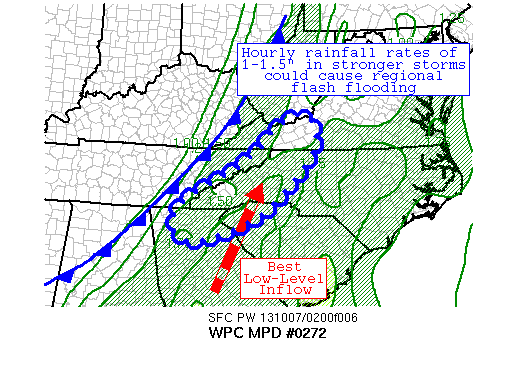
AREAS AFFECTED...SOUTHERN APPALACHIANS

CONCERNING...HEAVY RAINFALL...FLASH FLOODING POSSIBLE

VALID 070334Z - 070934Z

SUMMARY...A FEEDER BAND WITH ASSOCIATED RAINFALL RATES OF AN INCH
AN HOUR IS AIMED TOWARDS THE SOUTHERN APPALACHIANS.  SINCE MOTION
OF INDIVIDUAL CELLS COULD ALLOW FOR A FEW HOURS OF TRAINING, FLASH
FLOODING IS CONSIDERED POSSIBLE ACROSS THE SOUTHERN APPALACHIANS.

DISCUSSION...THUNDERSTORM TOPS ARE COOLING IN ASSOCIATION WITH AN
INFLOW BAND CARRYING MOISTURE FROM POST-TROPICAL CYCLONE KAREN
INTO THE REGION, WITH ASSOCIATED RAINFALL RATES OF AN INCH AN
HOUR.  THIS INFLOW BAND IS OCCURRING AHEAD OF A COLD FRONT MOVING
ACROSS EASTERN TN.  RAINFALL EFFICIENCY IS BEING AIDED BY
PRECIPITABLE WATER VALUES -- PWS -- OF 1.5-2.1", WHICH IS NEAR THE
RECORD OR WITHIN THE 99TH PERCENTILE FOR NORTHERN GA FOR OCTOBER 7.

THE ATMOSPHERIC ENVIRONMENT IS SIMILAR TO THOSE ASSOCIATED WITH
WARM RAIN EVENTS WHICH HAVE CAUSED FLASH FLOODING OVER THE LAST
SEVERAL MONTHS ACROSS UPSLOPE PORTIONS OF CO AND THE WESTERN
CAROLINAS:  PWS IN EXCESS OF THE 95TH PERCENTILE FOR THAT TIME OF
THE YEAR, LOW-LEVEL INFLOW WITH AN UPSLOPE COMPONENT OF AT LEAST
25 KT, CAPE VALUES OF 500-1000 J/KG PER RECENT ARW GUIDANCE AND A
MODIFIED 00Z FFC RAOB, AND BROAD DIVERGENCE ALOFT.  DIVERGENCE
ALOFT IN THIS CASE IS GENERALLY CAUSED BY A DEEP CYCLONE MOVING
THROUGH IL.  SAB MENTIONED A WEAK SHORTWAVE WITHIN THE SUBTROPICAL
STREAM ACROSS GA APPEARS TO BE ENHANCING DIVERGENCE AND RELATED
THUNDERSTORM ACTIVITY ACROSS NORTHEAST GA.  SOME CLOUD TOP COOLING
WAS NOTED IN RECENT SATELLITE IMAGERY WITHIN A FEEDER BAND-LIKE
FEATURE DIRECTED INTO THE SOUTHERN APPALACHIANS.  THE 850-400 HPA
MEAN LAYERED FLOW IS PARALLEL TO THE APPALACHIANS, IMPLYING CELL
TRAINING IS POSSIBLE.  SHOULD CONVECTION BECOME ORGANIZED, CORFIDI
VECTORS ARE EXPECTED TO BE LIGHT IN THIS REGION FOR THE REMAINDER
OF THE NIGHT WHICH WOULD ALLOW FOR SLOW CELL MOVEMENT.

WITH TIME, THE LOW-LEVEL INFLOW IS EXPECTED TO INCREASE TOWARDS 40
KTS PER RECENT RAP GUIDANCE, WITH THE MAIN AXIS SHIFTING SLOWLY UP
THE EASTERN SIDE OF THE APPALACHIANS.  SHOWERS AND THUNDERSTORMS
NEAR AND AHEAD OF THE COLD FRONT ITSELF COULD RENEW ACTIVITY
ACROSS NORTHERN GA OVERNIGHT.  SAB MENTIONED RAINFALL RATES SHOULD
INCREASE SOME OVERNIGHT -- WHICH IMPLIES 1-1.5" RAIN RATES AN
HOUR.  CAPES ARE EXPECTED TO REMAIN STEADY IN THE 500-1000 J/KG
RANGE INTO THE EARLY MORNING.  THE MOST RECENT MESOSCALE GUIDANCE
IS FAIRLY UNANIMOUS IN PRODUCING A NARROW STRIPE OF 2"+ OF RAIN
THROUGH 09Z, WITH THE POSSIBILITY OF HEAVY RAINFALL CONTINUING
UNTIL 12Z.  SINCE FLASH FLOOD GUIDANCE VALUES REMAIN FAIRLY HIGH
IN THIS AREA -- IN EXCESS OF THREE INCHES IN THREE HOURS -- AND
RAINFALL COULD TRAIN FOR 2-3 HOURS, REGIONAL FLASH FLOODING IS
CONSIDERED POSSIBLE ACROSS THE SOUTHERN APPALACHIANS OVER THE NEXT
SEVERAL HOURS.